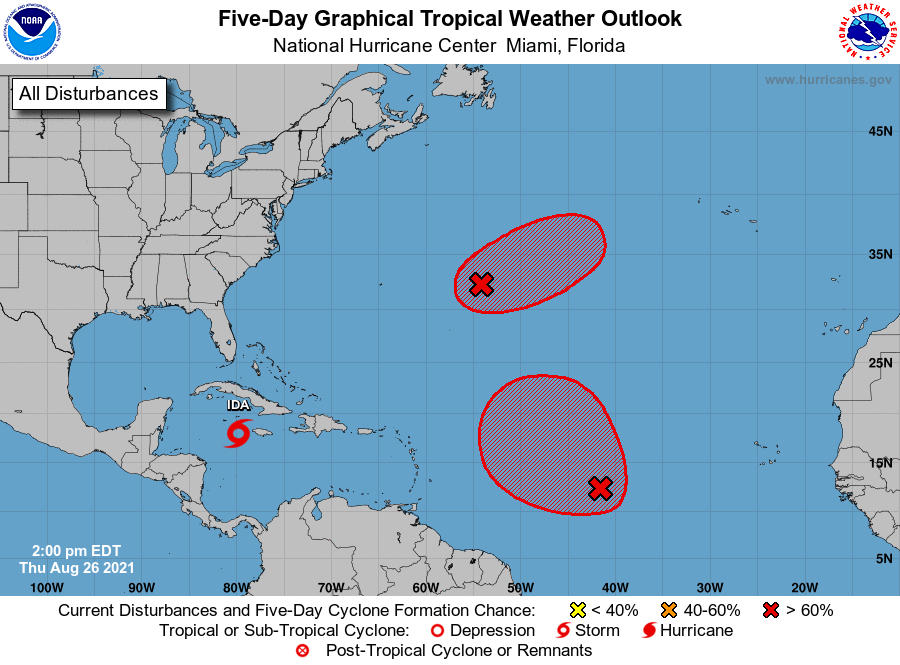
For the North Atlantic...Caribbean Sea and the Gulf of Mexico:

The National Hurricane Center is issuing advisories on newly formed Tropical Depression Nine, located a couple of hundred miles southeast of the Cayman Islands.

1. An elongated area of low pressure located over the central Atlantic about 600 miles east of Bermuda continues to produce disorganized showers and thunderstorms. Environmental conditions are forecast to be generally conducive for development, and a tropical depression is likely to form this weekend. The system is expected to move slowly eastward during the next day or two, but a faster northeastward motion is forecast to begin on Sunday.
* Formation chance through 48 hours...medium...50 percent.
* Formation chance through 5 days...high...70 percent.

2. A tropical wave located over the tropical Atlantic about midway between the Cabo Verde Islands and the Lesser Antilles continues to produce a large area of disorganized showers and thunderstorms. Environmental conditions are expected to be conducive for development during the next few days, and a tropical depression is likely to form over the weekend while the system moves toward the west-northwest or northwest at 10 to 15 mph. The disturbance is forecast to turn northward early next week.
* Formation chance through 48 hours...medium...60 percent.
* Formation chance through 5 days...high...70 percent.

Public Advisories on Tropical Depression Nine are issued under WMO header WTNT34 KNHC and under AWIPS header MIATCPAT4. Forecast/Advisories on Tropical Depression Nine are issued under WMO header WTNT24 KNHC and under AWIPS header MIATCMAT4.

Forecaster Brown